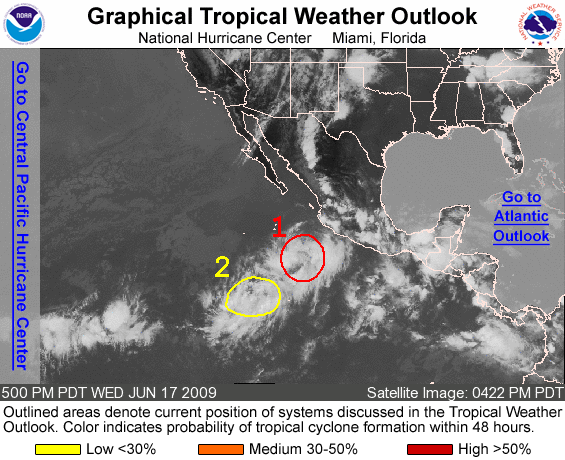
FOR THE EASTERN NORTH PACIFIC...EAST OF 140 DEGREES WEST LONGITUDE..

1. SHOWERS AND THUNDERSTORMS ASSOCIATED WITH AN AREA OF LOW PRESSURE LOCATED ABOUT 300 MILES SOUTHWEST OF MANZANILLO MEXICO HAVE BECOME A LITTLE BETTER ORGANIZED THIS AFTERNOON. A TROPICAL DEPRESSION COULD FORM IN THE NEXT DAY OR SO AS THE SYSTEM MOVES SLOWLY NORTHWESTWARD TO NORTHWARD. THERE IS A HIGH CHANCE...GREATER THAN 50 PERCENT...OF THIS SYSTEM BECOMING A TROPICAL CYCLONE DURING THE NEXT 48 HOURS. REGARDLESS OF DEVELOPMENT...LOCALLY HEAVY RAINS MAY SPREAD OVER PORTIONS OF SOUTHWESTERN MEXICO DURING THE NEXT DAY OR TWO.

2. AN AREA OF DISTURBED WEATHER HAS DEVELOPED ABOUT 900 MILES SOUTHWEST OF MANZANILLO MEXICO. SLOW DEVELOPMENT OF THIS SYSTEM IS POSSIBLE DURING THE NEXT DAY OR TWO. THERE IS A LOW CHANCE...LESS THAN 30 PERCENT...OF THIS SYSTEM BECOMING A TROPICAL CYCLONE DURING THE NEXT 48 HOURS.

ELSEWHERE...TROPICAL CYCLONE FORMATION IS NOT EXPECTED DURING THE NEXT 48 HOURS.

FORECASTER BEVEN